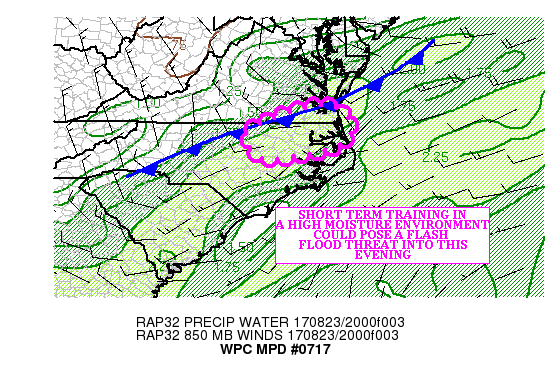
AREAS AFFECTED...FAR SOUTHEAST VA...EASTERN NC

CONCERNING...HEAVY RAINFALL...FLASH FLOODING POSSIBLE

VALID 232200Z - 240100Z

SUMMARY...CONVECTION TRAINING ALONG A FRONTAL BOUNDARY IN A HIGH
MOISTURE ENVIRONMENT COULD RESULT IN A FLASH FLOOD THREAT THROUGH
THE EARLY EVENING HOURS.

DISCUSSION...REGIONAL RADARS ACROSS SOUTHEAST VA/CENTRAL AND
NORTHERN NC HAVE SHOWED CONVECTION AHEAD OF A SLOW MOVING FRONT
STRETCHED ACROSS SOUTHEAST VA INTO CENTRAL AND EASTERN NC. THE
CONVECTION IS FORMING/MOVING IN AN AXIS OF 1500-200 J/KG MLCAPE
AHEAD OF THE FRONT...WHERE THE MOST RECENT RAP ANALYSIS SHOWED A
RIBBON OF 2.00 INCH PRECIPITABLE WATER AIR...AND SURFACE
OBSERVATIONS SHOWED SURFACE DEW POINTS ARE IN THE MID TO UPPER 70S
OVER EASTERN NC.

THE KAKQ RADAR INDICATED HOURLY RAINFALL RATES BETWEEN 2.00 AND
2.25 INCHES OVER HALIFAX COUNTY NC...WHERE TRAINING WAS OCCURRING
SOUTH OF THE FRONT. THESE VALUES ARE CLOSE TO THOSE SEEN EARLIER
ACROSS DARE COUNTY NC...WHERE CONVECTION WAS MOVING MORE SLOWLY.
SIMILAR RAINFALL RATES ARE POSSIBLE MAINLY ACROSS EASTERN NC
THROUGH THE LOSS OF DAYTIME HEATING EARLY THIS EVENING. THE MOST
RECENT RAP INDICATED THAT THE BEST INSTABILITY IS EXPECTED OVER
FAR SOUTHEAST VA AND EASTERN NC THROUGH THE EARLY EVENING...AND
THE GREATEST THREAT FOR FLASH FLOODING IS EXPECTED HERE WHERE
CONVECTION TRAINS.

THE MOST RECENT HRRR INDICATED LOCAL 3.00-4.00 INCH RAINFALL
AMOUNTS OVER EASTERN NC THROUGH 01Z. THESE AMOUNTS SEEM
REASONABLE...GIVEN THE HOURLY RAINFALL RATES SEEN OVER EASTERN NC
EARLIER. THESE AMOUNTS ARE MOST LIKELY WHERE TRAINING OCCURS...AND
BECAUSE OF THIS...FLASH FLOODING IS ONLY CONSIDERED POSSIBLE.